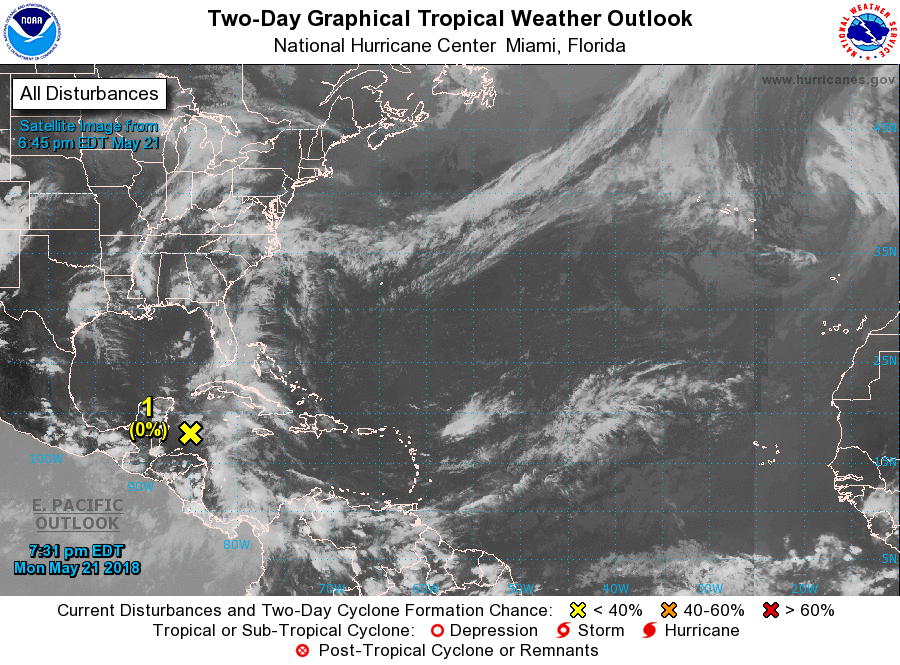
For the North Atlantic...Caribbean Sea and the Gulf of Mexico:

1. A broad surface low pressure area has formed over the northwestern Caribbean Sea a couple of hundred miles east of the coast of Belize. This low and an upper-level trough are producing widespread cloudiness and showers extending from the northwestern Caribbean Sea across Cuba and the Florida peninsula. While environmental conditions are expected to be unfavorable for development during the next couple of days, some gradual subtropical or tropical development is possible later this week while the system moves slowly northward into the central or eastern Gulf of Mexico. Regardless of development, locally heavy rainfall is possible across western Cuba and much of Florida during the next several days. For more information on the heavy rain threat, please see products issued by your local weather office. The next Special Tropical Weather Outlook on this system will be issued by 800 AM EDT on Tuesday.
* Formation chance through 48 hours...low...near 0 percent.
* Formation chance through 5 days...medium...40 percent.

Forecaster Cangialosi